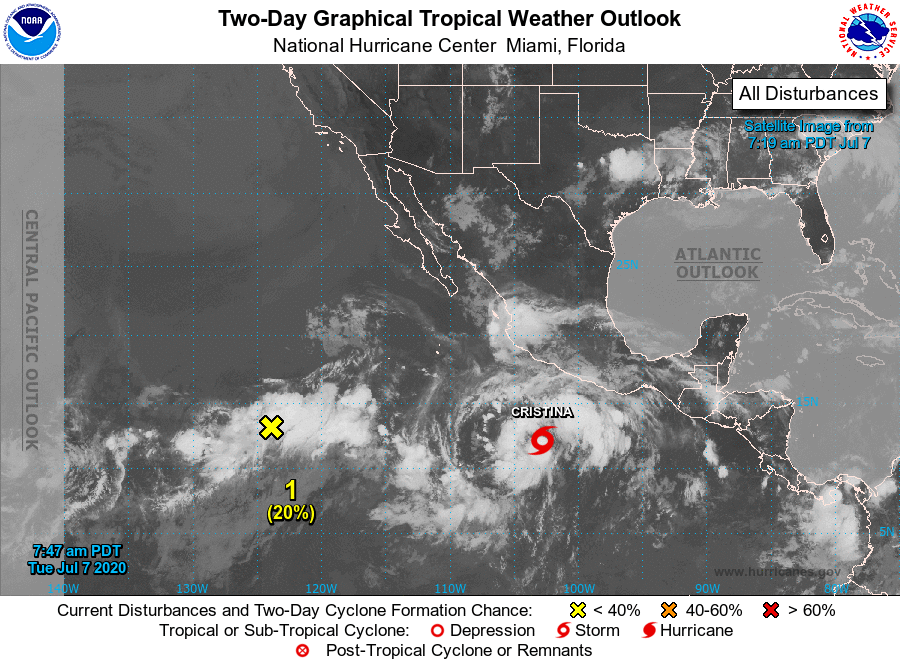
For the eastern North Pacific...east of 140 degrees west longitude:

The National Hurricane Center is issuing advisories on Tropical Storm Cristina, located several hundred miles south-southeast of Manzanillo, Mexico.

1. Disorganized showers and thunderstorms located a little more than 1000 miles southwest of the southern tip of the Baja California peninsula are associated with an elongated area of low pressure. Some slow development of this system is possible over the next few days while it moves little.
* Formation chance through 48 hours...low...20 percent.
* Formation chance through 5 days...low...30 percent.

2. An area of low pressure is forecast to form south of the Gulf of Tehuantepec late this week. Environmental conditions are expected to be conducive for subsequent gradual development this weekend while the system moves westward well south of the coast of Mexico.
* Formation chance through 48 hours...low...near 0 percent.
* Formation chance through 5 days...low...30 percent.

Public Advisories on Tropical Storm Cristina are issued under WMO header WTPZ35 KNHC and under AWIPS header MIATCPEP5. Forecast/Advisories on Tropical Storm Cristina are issued under WMO header WTPZ25 KNHC and under AWIPS header MIATCMEP5.

Forecaster Brown